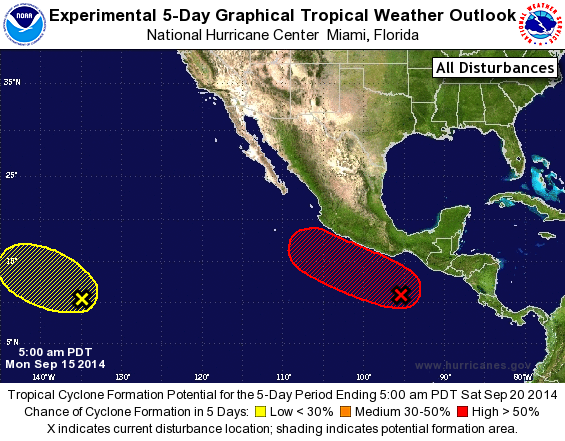
For the eastern North Pacific...east of 140 degrees west longitude:

The National Hurricane Center is issuing advisories on Hurricane Odile, located over the southern portion of the Baja California peninsula.

1. Shower and thunderstorm activity has increased a little in association with a broad area of low pressure located about 500 miles south-southeast of Acapulco, Mexico. Environmental conditions are expected to be conducive for gradual development, and this disturbance could become a tropical depression during the next couple of days while it moves slowly toward the west-northwest or northwest.
* Formation chance through 48 hours...medium...50 percent.
* Formation chance through 5 days...high...70 percent.

2. A weak area of low pressure located about 1500 miles east-southeast of the Big Island of Hawaii is producing disorganized showers and thunderstorms. Development, if any, of this system should be slow to occur while the low moves generally northwestward during the next several days.
* Formation chance through 48 hours...low...10 percent.
* Formation chance through 5 days...low...20 percent.

Forecaster Cangialosi